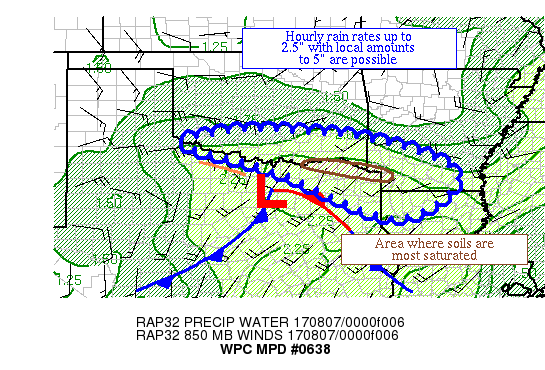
AREAS AFFECTED...NEAR THE TX/OK BORDER AND SOUTHERN AR

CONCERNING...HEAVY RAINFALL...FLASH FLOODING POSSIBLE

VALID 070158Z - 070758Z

SUMMARY...SHOWERS AND THUNDERSTORMS ARE FORMING NEAR AND NORTH OF
THE RED RIVER AND ACROSS SOUTHERN AR.  HOURLY RAIN RATES TO 2.5"
WITH LOCAL AMOUNTS TO 5" ARE POSSIBLE.

DISCUSSION...NON-OPERATIONAL GOES-16 VISIBLE IMAGERY REVEALS THAT
AN OUTFLOW BOUNDARY FROM EVENING CONVECTION HAS INITIATED
CONVECTION ACROSS SOUTHWEST OK.  THERE ARE ALSO SIGNS OF ELEVATED
CONVECTION NEAR AN 850 HPA BOUNDARY FORMING EASTWARD ACROSS
SOUTHERN OK INTO SOUTHERN AR.  PRECIPITABLE WATER VALUES ARE ~2"
PER GPS VALUES.  INFLOW AT 850 HPA IS 20-25 KTS PER VAD WIND
PROFILES, WITH EFFECTIVE BULK SHEAR OF 20-30 KTS PER SPC
MESOANALYSES.  MU CAPE VALUES OF 1000-2000 J/KG EXIST ACROSS THE
REGION.

THE 23Z HRRR EXPERIMENTAL, 18Z CANADIAN REGIONAL, AND 18Z NAM
CONEST HAVE SOME CONCEPT OF WHAT'S BEGINNING TO MATERIALIZE.
INFLOW AT 850 HPA IS EXPECTED TO INCREASE WHILE VEERING WHICH
COULD FOSTER SOME BACKBUILDING BUT EVENTUALLY SHOULD SHIFT
ACTIVITY FROM WEST TO EAST ACROSS THE AREA OF CONCERN.  HOURLY
RAIN RATES UP TO 2.5" HAVE BEEN OBSERVED RECENTLY ACROSS SOUTHWEST
AND SOUTH-CENTRAL OK, AND ARE EXPECTED IN AREAS TO THE EAST WITH
TIME.  THE GENERAL SIGNAL AMONGST THE MESOSCALE GUIDANCE IS FOR
LOCAL AMOUNTS OF 3-5".  THE CONVECTION EVOLUTION IS MORE UNCERTAIN
THAN USUAL GIVEN THE SOLUTIONS SEEN IN MOST OF THE MESOSCALE
GUIDANCE.  NEIGHBORHOOD PROBABILITIES SUGGEST THAT THE BEST CHANCE
OF HEAVY RAINFALL IS THROUGH 05Z BEFORE THE SIGNAL SLOWLY
DEGRADES. SOILS HAVE BEEN PARTIALLY SATURATED BY RECENT RAINS, SO
FLASH FLOODING IS A CONCERN.